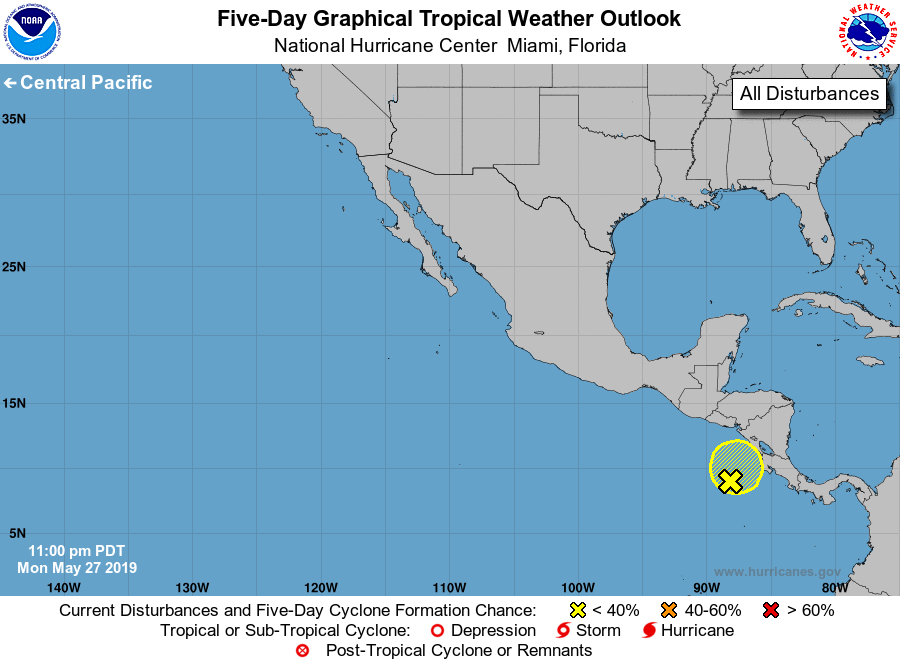
For the eastern North Pacific...east of 140 degrees west longitude:

1. A broad area of low pressure over the far eastern Pacific continues to produce disorganized showers and thunderstorms over portions of Costa Rica, Nicaragua, and the adjacent Pacific waters. Significant development of this system appears unlikely before it moves inland over Central America by midweek. Regardless of development, locally heavy rains are likely to continue over portions of Central America during the next several days. These rains could cause flash flooding and mudslides in areas of mountainous terrain.
* Formation chance through 48 hours...low...10 percent.
* Formation chance through 5 days...low...10 percent.

Forecaster Stewart